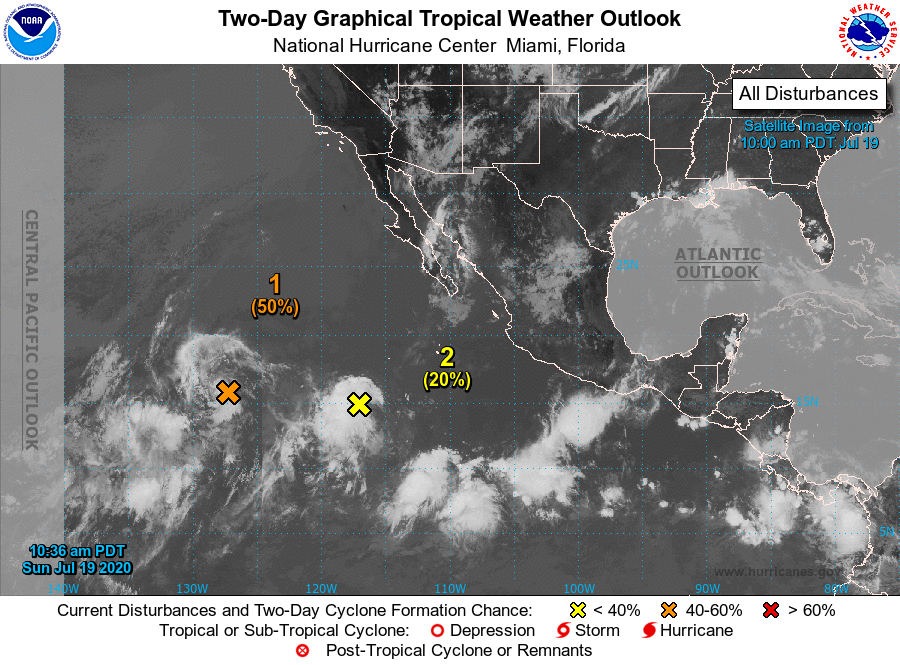
For the eastern North Pacific...east of 140 degrees west longitude:

1. A low pressure system located a little more than 1200 miles west-southwest of the southern tip of the Baja California peninsula is producing a small area of disorganized showers and thunderstorms. The low is beginning to move over cooler waters, so the system only has a small window of opportunity to become a tropical depression over the next day or so while it moves west-northwestward to westward at 10 to 15 mph.
* Formation chance through 48 hours...medium...50 percent.
* Formation chance through 5 days...medium...50 percent.

2. Disorganized showers and thunderstorms located about 700 miles southwest of the southern tip of the Baja California peninsula are associated with a tropical wave. Environmental conditions are expected to be conducive for development of this system, and a tropical depression could form around the middle of the week while it moves west-southwestward and then westward at about 10 mph.
* Formation chance through 48 hours...low...20 percent.
* Formation chance through 5 days...medium...50 percent.

Forecaster Berg